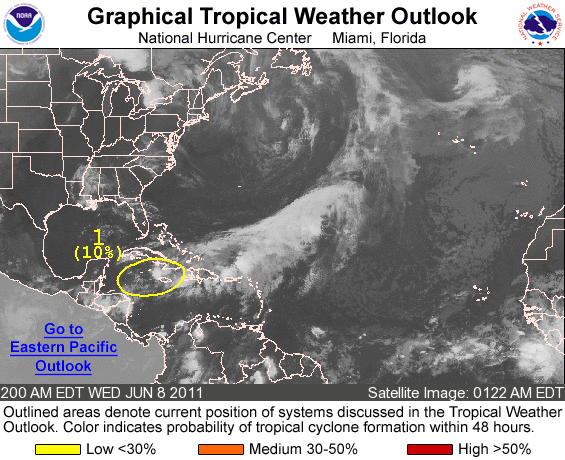
FOR THE NORTH ATLANTIC...CARIBBEAN SEA AND THE GULF OF MEXICO...

1. AN ELONGATED AREA OF LOW PRESSURE AREA EXTENDING FROM THE NORTHWESTERN TO THE NORTH CENTRAL CARIBBEAN SEA IS PRODUCING DISORGANIZED SHOWERS AND THUNDERSTORMS. UPPER-LEVEL WINDS ARE NOT FAVORABLE FOR DEVELOPMENT...AND THERE IS A LOW CHANCE... 10 PERCENT...OF THIS SYSTEM BECOMING A TROPICAL CYCLONE DURING THE NEXT 48 HOURS. REGARDLESS OF ITS PROSPECTS FOR DEVELOPMENT...HEAVY RAINS COULD STILL CAUSE FLASH FLOODS AND MUD SLIDES OVER PORTIONS OF HAITI...THE DOMINICAN REPUBLIC...JAMAICA...AND CUBA AS THE SYSTEM DRIFTS GENERALLY NORTHWARD OVER THE NEXT COUPLE OF DAYS.

ELSEWHERE...TROPICAL CYCLONE FORMATION IS NOT EXPECTED DURING THE NEXT 48 HOURS.

FORECASTER BEVEN